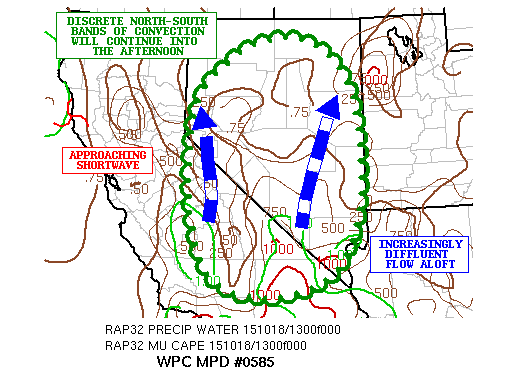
AREAS AFFECTED......CENTRAL AND SOUTHEAST CALIFORNIA...NEVADA...

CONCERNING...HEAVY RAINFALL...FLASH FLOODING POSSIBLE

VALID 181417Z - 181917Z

SUMMARY...INCREASING COVERAGE OF SHOWERS AND THUNDERSTORMS ARE
ANTICIPATED OVER THE NEXT FEW HOURS...WITH LOCALLY INTENSE
RAINFALL RATES. LOCALIZED FLASH FLOODING IS POSSIBLE.

DISCUSSION...SATELLITE WV AND GOES-RGB AIRMASS IMAGERY ARE
INDICATING A WELL-DEFINED SHORTWAVE TROUGH EJECTING EAST INTO
WEST-CENTRAL CA EARLY THIS MORNING. STRENGTHENING UPPER LEVEL
DIFFLUENCE (AND DIVERGENCE ALOFT) EAST OF THE SHORTWAVE IS
SPREADING INTO CENTRAL AND SOUTHEAST CALIFORNIA AND NEVADA...WHICH
COMBINED WITH THE ANOMALOUS MOIST ENVIRONMENT AND MODEST
INSTABILITY...IS ALLOWING FOR THE DEVELOPMENT OF  DISCRETE N-S
LINES OF CONVECTION THIS MORNING. PW VALUES OVER THE AREA CONTINUE
TO AVERAGE BETWEEN 4-4.5 STANDARD DEVIATIONS ABOVE NORMAL...WITH
THE OBSERVED PW OF 0.94 INCHES PER THE 12Z KVEF RAOB NEAR THE
RECORD VALUE FOR MID OCTOBER.

THROUGH 19Z...STEEPENING 700-500 MB LAPSE RATES AHEAD OF THE
SHORTWAVE WILL PROVIDE SUFFICIENT DEEP LAYER INSTABILITY FOR
LOCALLY EXCESSIVE RAINFALL RATES...HOWEVER THE BEST INSTABILITY
WILL REMAIN FOCUSED OVER THE SOUTHERN PORTION OF THE OUTLOOK
AREA...WHERE MUCAPES WILL AVERAGE BETWEEN 500-1000 J/KG. GIVEN THE
ROBUST SYNOPTIC SCALE FORCING FOR DEEP-LAYER ASCENT ALONG WITH THE
ANOMALOUS MOIST PROFILE...VERY LITTLE INSTABILITY (LESS THAN 500
J/KG) WILL BE REQUIRED TO PRODUCE LOCALLY EXCESSIVE RAINFALL RATES
OF 0.75-1.00 INCH PER HOUR GIVEN THE LATEST RADAR QPE TRENDS. AT
THE SAME TIME...RAINFALL RATES OF 1 TO 1.5 INCHES/HR WILL BE
POSSIBLE OVER THE SOUTHERN PORTION OF THE OUTLOOK AREA WHERE THE
BETTER DESTABILIZATION IS EXPECTED TO PERSIST INTO THE AFTERNOON.

WHILE THERE REMAINS SUFFICIENT SHEAR TO SUPPORT FORWARD (DOWNWIND)
PROPAGATION (CELL MOTIONS N-NE)...THE SLOW EASTWARD PROGRESSION OF
THE HIGHLY-AMPLIFIED TROUGH WILL ALLOW FOR SOME TRAINING OF
CONVECTION WITHIN THE N-S ORIENTED LINES. THUS...PER SOME OF THE
LATEST HIGH-RES CAM GUIDANCE INCLUDING THE HRRR... EXPERIMENTAL
HRRR...WRF-ARW...WRF-NNMB...AND NAM CONEST... ISOLATED 2 TO 3+
INCH AMOUNTS WILL BE POSSIBLE THROUGH 19Z. THESE RAINS WILL RESULT
IN LOCALLY SIGNIFICANT RUNOFF PROBLEMS IN THE VICINITY OF HIGHER
TERRAIN...AND WILL ALSO FOCUS CONCERNS FOR FLASH FLOODING IN AND
AROUND DRY WASHES/ARROYOS.